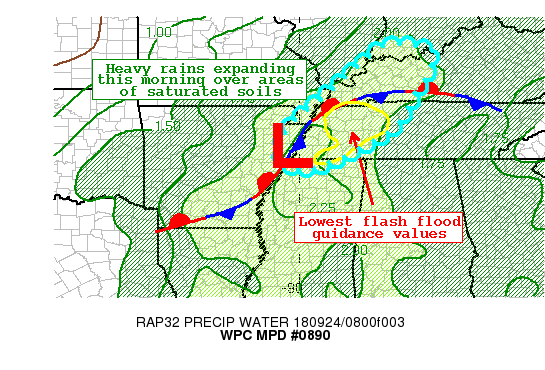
Areas affected...Far northeast AR...western TN...far western KY

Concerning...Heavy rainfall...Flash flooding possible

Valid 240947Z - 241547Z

Summary...Additional heavy rain expected to expand this morning
across area of the lower Tennessee and lower Ohio River where
flash flood guidance values have lowered from recent heavy
precipitation.  This will increase potential for local runoff
issues through this morning.

Discussion...Stream flow anomalies as per the National Water Model
are high across the lower Tennessee and lower Ohio Valley region
from recent heavy rains.  There is a strong model signal for
precipitation to continue to enhance this morning over this area
of high stream flow/saturated soils in a region of well defined
upper difluence associated with shortwave energy pushing
northeastward across these areas.  With pw values forecast to
remain anomalous in the 2.0 to 2.5+ standard deviation above the
mean range...deep saturated warm cloud layer...approximately 13000
feet as per regional 0000 utc soundings...heavy rains are possible
with uvv enhancement in the region of defined upper difluence.
Rainfall rates of 1-2" per hour possible across these area this
morning.

The latest href probabilities for 2 and 3 inches in a six hour
period are showing max values over far northeast AR and western
TN...with probabilities in the 50-70% range for 2 inches and
40-60% for 3 inches. These areas match well with the latest hrrr
six hour qpf axis along the AR/TN border region..with max hrrr
amounts of 5"+.